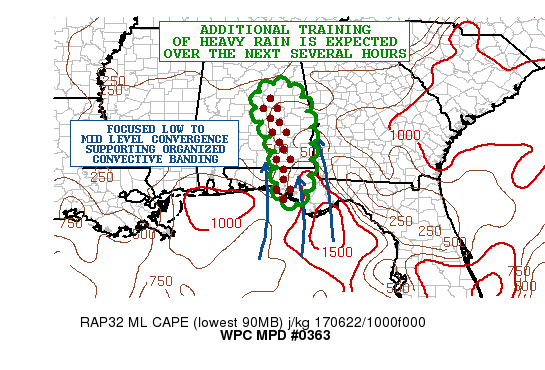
AREAS AFFECTED...CENTRAL/SOUTHEAST AL...WESTERN FL PANHANDLE

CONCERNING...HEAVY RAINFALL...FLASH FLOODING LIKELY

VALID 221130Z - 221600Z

SUMMARY...A TRAINING AXIS OF HEAVY RAINFALL WILL CONTINUE OVER THE
NEXT SEVERAL HOURS. ADDITIONAL FLASH FLOODING IS EXPECTED.

DISCUSSION...EARLY MORNING EXPERIMENTAL GOES-16 10.3 MICRON/IR
IMAGERY SHOWS A TRAINING BAND OF RATHER COLD TOPPED CONVECTION
EXTENDING FROM PARTS OF THE WESTERN FL PANHANDLE NORTH UP ACROSS
SOUTHEAST AL. THE ACTIVITY CONTINUES TO BE FOCUSED WITHIN AN AXIS
OF RELATIVELY ENHANCED LOW TO MID LEVEL CONVERGENCE ASSOCIATED
WITH THE OTHERWISE DEEP LAYER SOUTHERLY FLOW ACROSS THE CENTRAL
GULF COAST STATES TO THE EAST OF THE CENTER OF T.S. STORM CINDY.
ALTHOUGH INSTABILITY IS QUITE MODEST...WITH ONLY 500 TO 1000 J/KG
OF CAPE...THE COLUMN IS EXTREMELY MOIST WITH PWATS OF 2.3 TO 2.5
INCHES AND REPRESENTATIVE OF A CLASSIC DEEP LAYER TROPICAL
AIRMASS. THE UPPER LEVEL FLOW PATTERN IS RATHER DIVERGENT TOO...SO
THE CONVECTION HAS BEEN GETTING SOME LARGER SCALE ASCENT TO
FACILITATE THIS CONVECTIVE BAND THIS MORNING.

EXTREMELY HEAVY RAINFALL RATES WILL CONTINUE TO BE POSSIBLE WITH
THIS BAND OF CONVECTION OVER THE NEXT FEW HOURS GIVEN THE DEEP
COLUMN OF TROPICAL MOISTURE AND STRONGER FORCING LEADING TO THE
COLD-TOPPED NATURE OF THE ACTIVITY. RAINFALL RATES MAY EXCEED 3
INCHES/HR LOCALLY WHERE THE STRONGER CORES SET UP.

OVERALL THIS CONVECTIVE BAND WILL TEND TO REMAIN IN A N/S TRAINING
MODE...WITH PERHAPS A GRADUAL EASTWARD SHIFT TOWARD LATE MORNING.
CONSEQUENTLY...THERE WILL LIKELY BE A RATHER NARROW AXIS OF VERY
HEAVY RAINFALL TOTALS WHICH THE HRRR AND ESPECIALLY THE HRRX
GUIDANCE SUPPORTS...ALTHOUGH THESE MODELS ARE A LITTLE TOO FAR
WEST WITH THEIR AXIS. EXTRAPOLATING A BIT FARTHER
EAST...ADDITIONAL RAINFALL AMOUNTS OF 3 TO 5 INCHES CANNOT BE
RULED OUT IN A VERY LOCALIZED NATURE. WILL CONTINUE TO MONITOR.